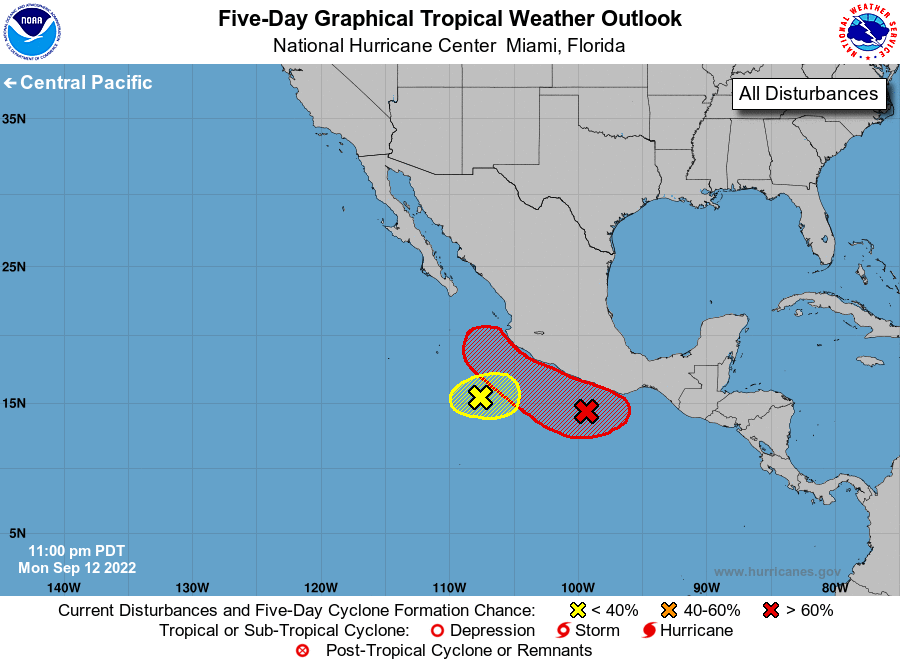
For the eastern North Pacific...east of 140 degrees west longitude:

1. Southwest of southwestern Mexico: Shower activity associated with a small area of low pressure located a few hundred miles southwest of Manzanillo, Mexico has diminished somewhat tonight. Environmental conditions are only marginally conducive for additional development during the next day or so as the system moves little before it is forecast to merge with the disturbance to its east by midweek.
* Formation chance through 48 hours...low...20 percent.
* Formation chance through 5 days...low...20 percent.

2. Near the coast of southern Mexico: A trough of low pressure located along the coast of southern Mexico continues to produce general disorganized shower activity. This system is forecast to interact and merge with the disturbance off the southwestern coast of Mexico around midweek, and environmental conditions are expected to become more conducive for development by that time. A tropical depression is likely to form during the latter part of this week while the system moves slowly westward near the coast of southern and southwestern Mexico.
* Formation chance through 48 hours...low...20 percent.
* Formation chance through 5 days...high...80 percent.

Forecaster Papin